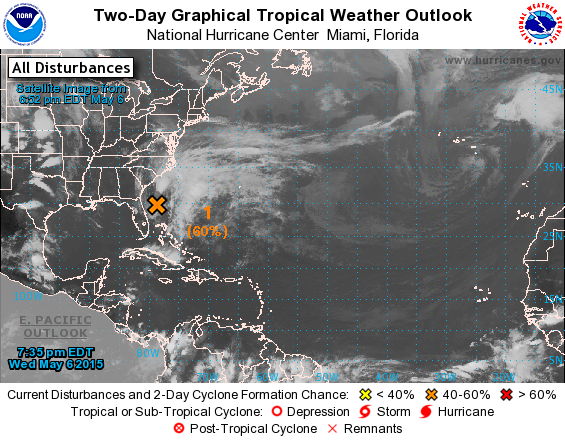
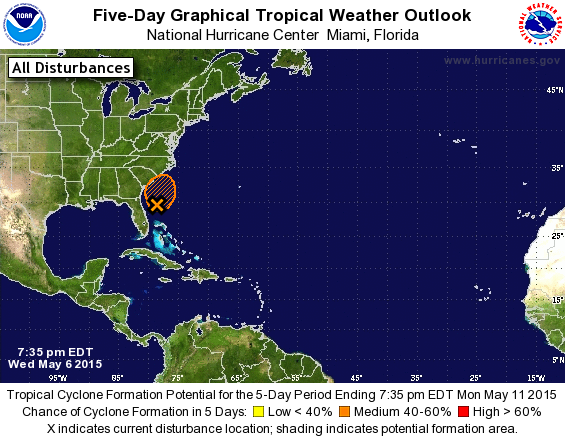
For the North Atlantic...Caribbean Sea and the Gulf of Mexico:

1. Disorganized showers and thunderstorms extending northward from the Bahamas to just offshore of the coast of the Carolinas are associated with an upper-level trough and a weak surface low located a couple of hundred miles east of the northeast Florida coast. Conditions are expected to become gradually more favorable for development over the next day or so while this system moves slowly northward and then northwestward. A subtropical or tropical cyclone could form by tomorrow or Friday, and interests along the southeast coast of the United States should monitor the progress of this system. Regardless of development, heavy rain is possible over portions of the coastal southeastern United States beginning tomorrow. The next Special Tropical Weather Outlook will be issued on this system by 2 AM EDT on Thursday. For additional information, see products from your local National Weather Service forecast office and High Seas Forecasts issued by the National Weather Service.
* Formation chance through 48 hours...medium...60 percent
* Formation chance through 5 days...medium...60 percent

High Seas Forecasts issued by the National Weather Service are available under AWIPS header NFDHSFAT1, WMO header FZNT01 KWBC, and on the Web at http://www.opc.ncep.noaa.gov/shtml/NFDHSFAT1.shtml

Forecaster Pasch/Kimberlain